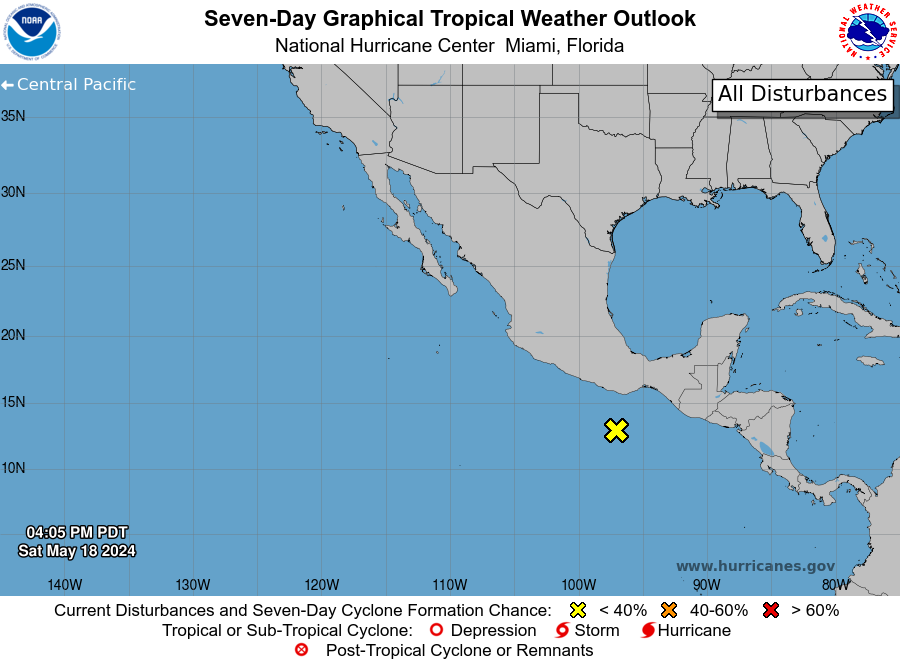
For the eastern North Pacific...east of 140 degrees west longitude:

1. South of the Coast of Southern Mexico: Disorganized showers located a couple hundred miles to the south of the coast of southern Mexico have diminished today. Environmental conditions in the area have become unfavorable, and development of this system is not expected.
* Formation chance through 48 hours...low...near 0 percent.
* Formation chance through 7 days...low...near 0 percent.

Forecaster Hagen/Berg